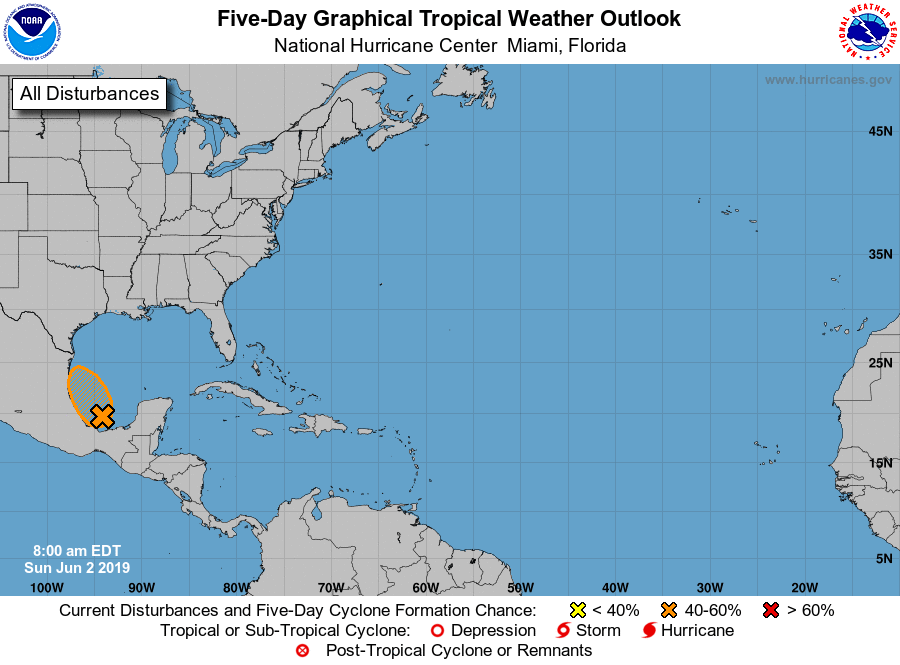
For the North Atlantic...Caribbean Sea and the Gulf of Mexico:

1. A low pressure system located over the southern Bay of Campeche has changed little in organization since yesterday. This system is expected to move slowly northwestward toward the coast of Mexico, and it could become a tropical cyclone before it moves inland in a day or two. Regardless of development, the disturbance will likely produce heavy rainfall over portions of southern and eastern Mexico during the next few days. An Air Force Reserve reconnaissance aircraft is scheduled to investigate the disturbance later today, if necessary. Interests along the Gulf coast of Mexico should monitor the progress of this system.
* Formation chance through 48 hours...medium...60 percent.
* Formation chance through 5 days...medium...60 percent.

Forecaster Zelinsky